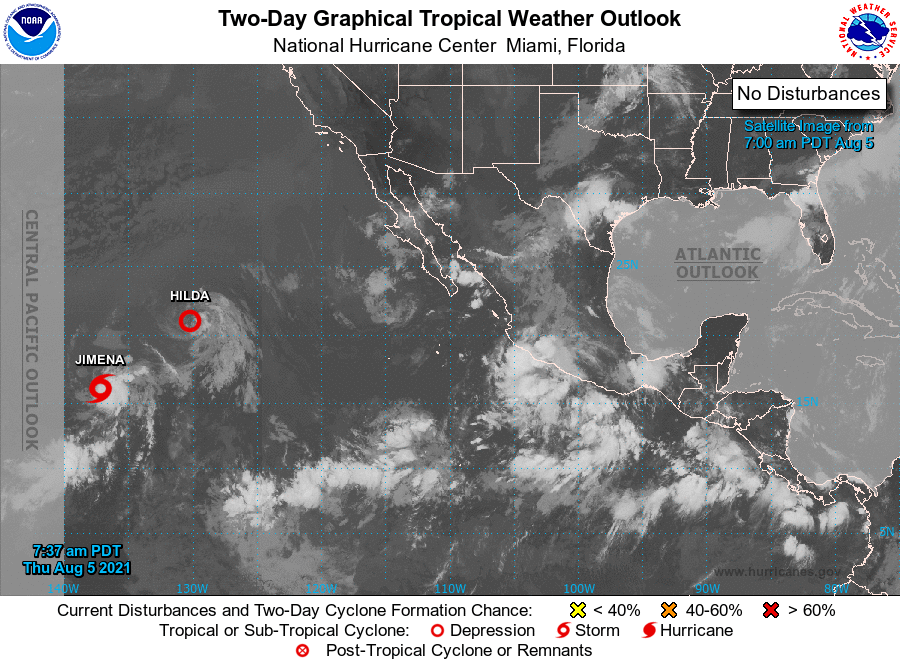
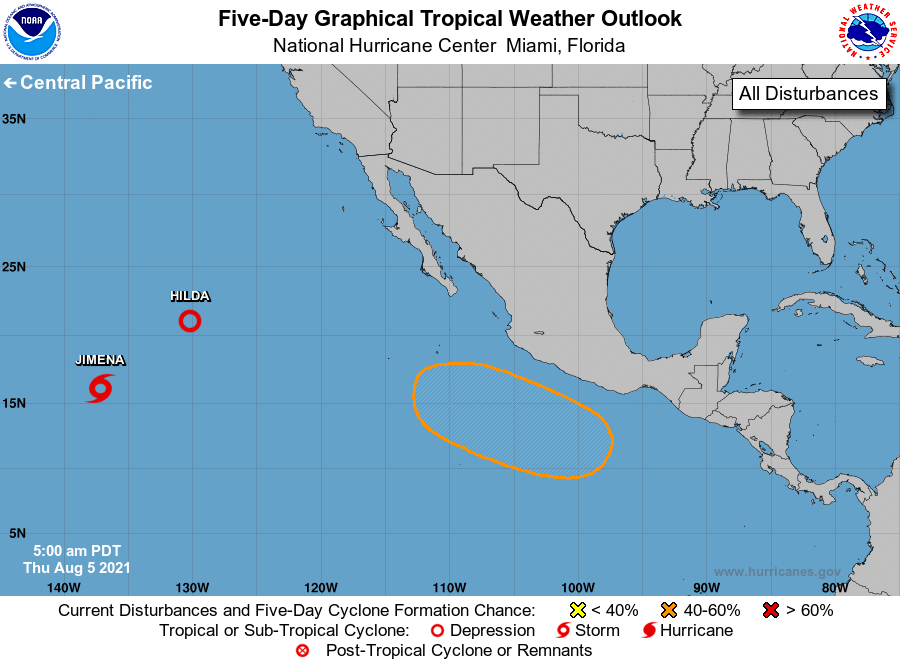
For the eastern North Pacific...east of 140 degrees west longitude:

The National Hurricane Center is issuing advisories on Tropical Storm Hilda, located a little over 1200 miles west of the southern tip of the Baja California peninsula, and on recently upgraded Tropical Storm Jimena, located over the far western part of the eastern Pacific basin.

1. A broad area of low pressure is expected to develop a few hundred miles offshore of the southwestern coast of Mexico by Sunday. Environmental conditions are forecast to be conducive for some gradual development thereafter, and a tropical depression could form early next week while the system moves west-northwestward at 10 to 15 mph, parallel to and offshore of the coast of southwestern Mexico.
* Formation chance through 48 hours...low...near 0 percent.
* Formation chance through 5 days...medium...60 percent.

Public Advisories on Tropical Storm Jimena are issued under WMO header WTPZ34 KNHC and under AWIPS header MIATCPEP4. Forecast/Advisories on Tropical Storm Jimena are issued under WMO header WTPZ24 KNHC and under AWIPS header MIATCMEP4.

Forecaster Roberts